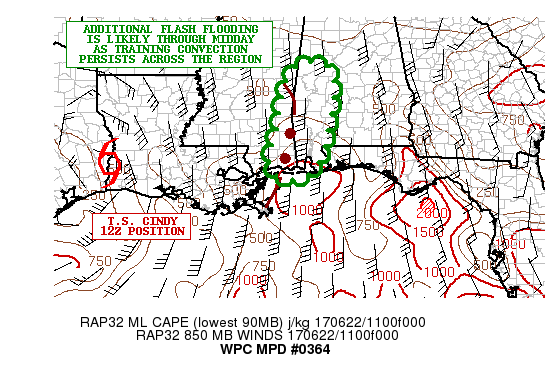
AREAS AFFECTED...SOUTHEAST MS...PARTS OF WESTERN AND SOUTHERN AL

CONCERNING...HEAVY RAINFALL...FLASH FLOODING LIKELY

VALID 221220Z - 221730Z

SUMMARY...A TRAINING BAND OF VERY HEAVY RAINFALL WILL PERSIST OVER
THE NEXT SEVERAL HOURS. ADDITIONAL FLASH FLOODING IS LIKELY.

DISCUSSION...THE EARLY MORNING EXPERIMENTAL GOES-16 10.3 MICRON/IR
IMAGERY SHOWS A NARROW TRAINING BAND OF COLD TOPPED CONVECTION
EXTENDING FROM THE OFFSHORE WATERS OF THE NORTHERN GULF OF MEXICO
NORTH UP ACROSS FAR SOUTHEAST MS AND APPROACHING THE MS/AL BORDER.
MUCH LIKE THE CONVECTIVE BAND FARTHER EAST OVER SOUTHEAST AL...THE
ACTIVITY IS BEING FOCUSED BY AN AXIS OF RELATIVELY ENHANCED LOW TO
MID LEVEL CONVERGENCE ASSOCIATED WITH THE DEEP LAYER SOUTHERLY
FLOW ACROSS THE CENTRAL GULF COAST STATES TO THE EAST OF THE
CENTER OF T.S. STORM CINDY. ADDITIONALLY...THERE IS SOME
RELATIVELY DIVERGENT FLOW ALOFT HELPING TO FOSTER SOME LARGER
SCALE ASCENT. DESPITE MODEST INSTABILITY WITH 500 TO 1000 J/KG OF
CAPE...THE COLUMN IS EXTREMELY MOIST WITH PWATS OF 2.2 TO 2.4
INCHES AND THIS IS FACILITATING EXTREMELY HEAVY RAINFALL RATES.

THE CURRENT CONVECTIVE BAND WILL CONTINUE TO SUSTAIN ITSELF
THROUGH THE MIDDAY WITH A VERY GRADUAL EASTWARD SHIFT AS THE
DEEPER LAYER MEAN FLOW SLOWLY VEERS. THIS WILL ALLOW PARTS OF FAR
SOUTHEAST MS AND ADJACENT AREAS OF FAR WESTERN AND SOUTHERN AL TO
SEE ADDITIONAL TRAINING CONVECTION WITH VERY HEAVY RAINFALL.

RAINFALL RATES OF UP TO 3 INCHES/HR WILL BE POSSIBLE GIVEN THE
EXTREMELY MOIST COLUMN...AND WITH THE TRAINING MODE OF THE
CONVECTION...ADDITIONAL AMOUNTS THROUGH MIDDAY MAY LOCALLY
APPROACH 6 INCHES. GIVEN THE SATURATED SOIL CONDITIONS AT THIS
POINT...ANY ADDITIONAL RAINFALL WILL LIKELY RESULT IN MORE FLASH
FLOODING.